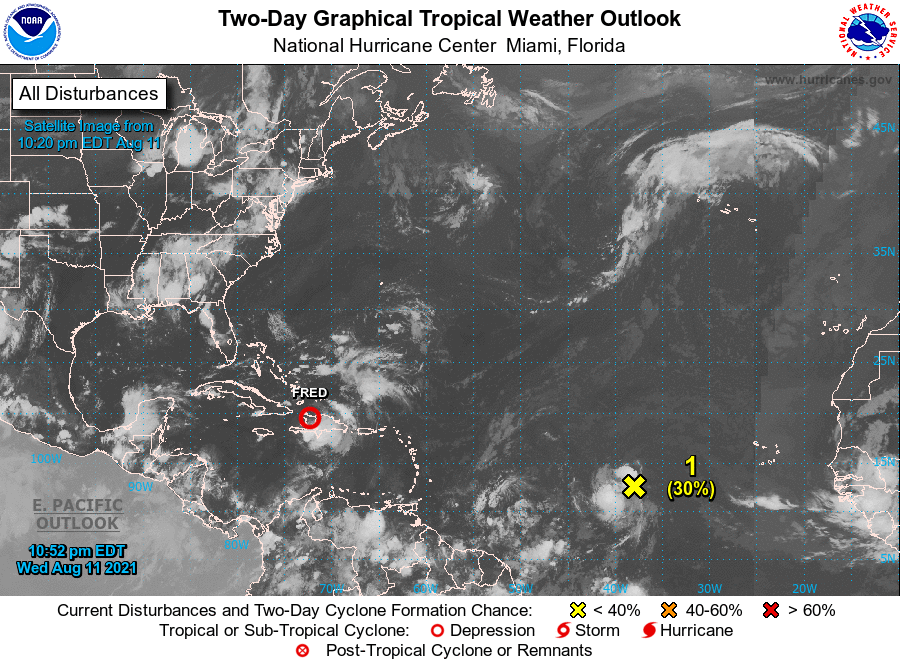
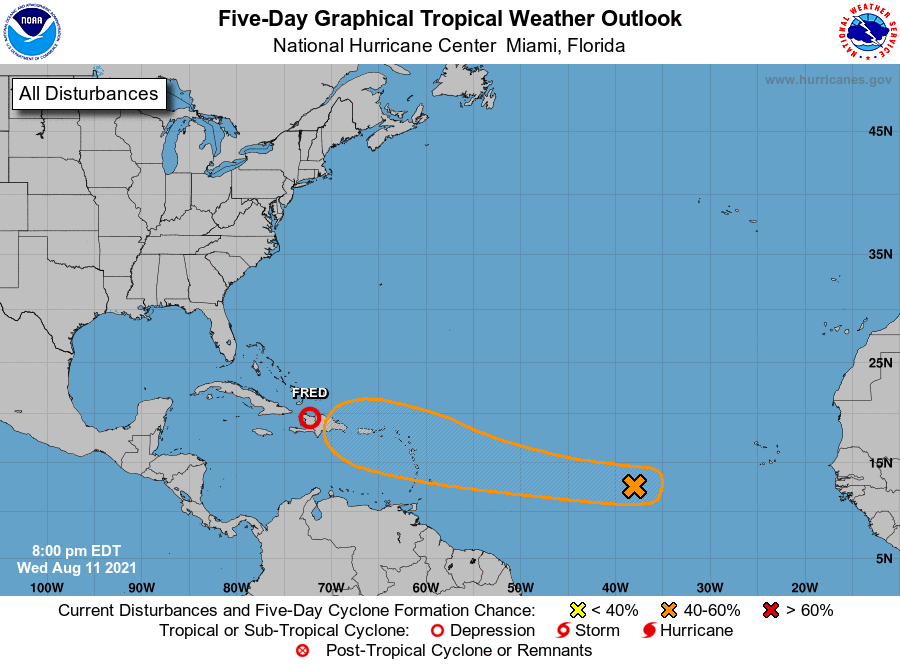
For the North Atlantic...Caribbean Sea and the Gulf of Mexico:

The National Hurricane Center is issuing advisories on recently downgraded Tropical Depression Fred, located inland over the central portion of Hispaniola.

1. A tropical wave located over the central tropical Atlantic about 1600 miles east of the Lesser Antilles continues to produce disorganized showers and thunderstorms. Environmental conditions are expected to gradually become more conducive for development, and a tropical depression could form by early next week while the system moves generally westward at about 20 mph across the tropical Atlantic. This system could reach portions of the Leeward Islands by late Saturday.
* Formation chance through 48 hours...low...30 percent.
* Formation chance through 5 days...medium...60 percent.

Forecaster Stewart